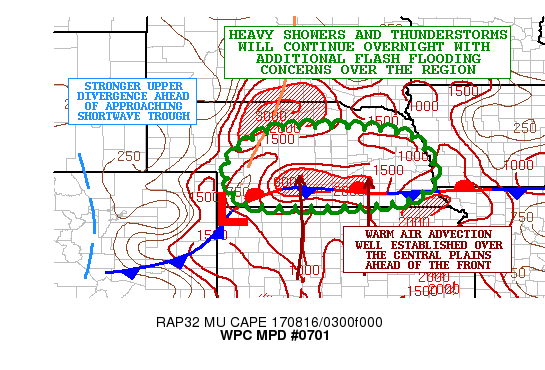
AREAS AFFECTED...NEBRASKA

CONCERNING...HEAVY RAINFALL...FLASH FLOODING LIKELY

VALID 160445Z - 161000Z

SUMMARY...HEAVY SHOWERS AND THUNDERSTORMS WILL CONTINUE ACROSS A
LARGE PORTION OF NEBRASKA OVER THE NEXT SEVERAL HOURS. ADDITIONAL
FLASH FLOODING IS LIKELY.

DISCUSSION...NON-OPERATIONAL GOES-16 10.3 MICRON/IR IMAGERY SHOWS
AN IMPRESSIVELY COLD-TOPPED AND LARGE MCS EVOLVING ACROSS
NEBRASKA...WITH THE CONVECTION GRADUALLY SHIFTING OFF TO THE EAST
WITH TIME. THE ACTIVITY IS FOCUSING WITHIN AN INCREASINGLY
DIVERGENT UPPER AIR PATTERN OUT AHEAD OF A SHORTWAVE TROUGH
CROSSING THE CENTRAL ROCKIES. MEANWHILE...LOW PRESSURE OUT OVER
THE CENTRAL HIGH PLAINS IS ALLOWING FOR A SOUTHERLY LOW LEVEL JET
OF AS MUCH AS 30 TO 40 KTS TO TRANSPORT AN ABUNDANCE MOISTURE AND
INSTABILITY NORTHWARD THROUGH THE PLAINS AND OVER A W/E ORIENTED
STATIONARY FRONT SITUATED ACROSS SOUTHERN NEBRASKA.

MUCAPE VALUES OF AS MUCH AS 1500 TO 2000 J/KG ARE IN PLACE WITH A
NOSE OF 1.6 TO 1.8 INCH PWATS SURGING NORTH ACROSS
CENTRAL/SOUTHEAST KANSAS AND TOWARD SOUTHERN NEBRASKA WHERE THE
FRONT IS SITUATED. THIS ENERGY WILL FOSTER HEAVY RAINFALL AMOUNTS
OF AS MUCH AS 2 INCHES/HR OVERNIGHT.

THE HRRR GUIDANCE HAS BEEN TOO FAR NORTH WITH ITS CONVECTIVE
AXIS...BUT ADJUSTING FOR THE LATITUDINAL DISPLACEMENT...THE
ADDITIONAL RAINFALL AMOUNTS ARE FORECAST TO BE AS MUCH AS 3 TO 5
INCHES THROUGH ABOUT 10Z. THE HEAVIEST TOTALS SHOULD GENERALLY BE
ACROSS SOUTH-CENTRAL AREAS OF NEBRASKA AND BASICALLY JUST NORTH OF
THE AFOREMENTIONED FRONT. THESE RAINFALL AMOUNTS ARE LIKELY TO
CAUSE SOME ADDITIONAL FLASH FLOODING CONCERNS THROUGH THE NIGHT.